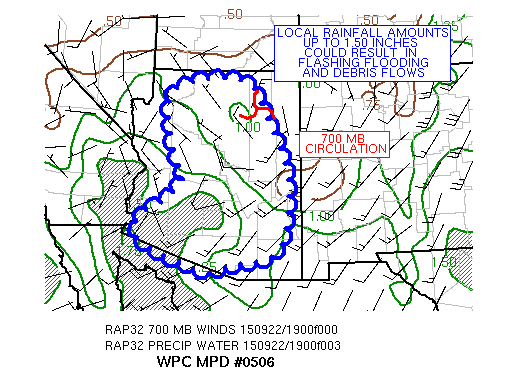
AREAS AFFECTED...PORTIONS OF AZ

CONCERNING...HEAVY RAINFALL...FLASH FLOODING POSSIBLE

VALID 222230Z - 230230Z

SUMMARY...CONVECTION DEVELOPING ACROSS THE HIGHER TERRAIN IN AZ
TRANSITIONS FROM DYNAMICALLY DRIVEN TO MAINLY DIURNALLY DRIVEN
INTO THE LATE AFTERNOON HOURS. THE CONVECTION TAPS HIGH MOISTURE
CONTENT AIR...RESULTING IN LOCAL FLASH FLOODING DUE TO CELL
TRAINING.

DISCUSSION..A MID LEVEL CIRCULATION OVER NORTHEAST AZ WILL
CONTINUE TRACKING NORTHEAST THROUGH THE LATE AFTERNOON HOURS. AS
THE CIRCULATION EXITS...THE DYNAMICALLY DRIVEN CONVECTION STARTS
TO WANE...AND THE REMAINING CONVECTION BECOMES MOSTLY DIURNALLY
DRIVEN. A LOW TO MID LEVEL SOUTHWEST FLOW FEEDS PRECIPITABLE WATER
VALUES BETWEEN TWO AND THREE STANDARD DEVIATIONS ABOVE NORMAL
ACROSS MUCH OF NORTHERN AND WESTERN AZ.

AS THE CONVECTION BECOMES MORE DIURNALLY DRIVEN...IT SHOULD BE
PRIMARILY ROOTED IN THE TERRAIN...WITH THE BEST MOISTURE FEED
ACROSS SOUTHWEST AZ. THE EXTENT OF THE COVERAGE SHOULD PEAK BEFORE
23/00Z...AND START WANING AFTER 23/02Z. BEFORE THAT
TIME...CONVECTIVE CELLS TAP THE DEEP MOISTURE TO PRODUCE LOCAL
RAINFALL AMOUNTS NEAR 1.50 INCHES. THESE AMOUNTS ARE STRONGLY
SUPPORTED BY THE LATEST HRRR/12Z WRF ARW...WITH THE HIGHEST
AMOUNTS OVER NORTHWEST AZ.

THESE RAINFALL AMOUNTS ARE ABOVE THE ONE AND THREE HOUR FLASH
FLOOD GUIDANCE VALUES ACROSS CENTRAL AND WESTERN AZ. FLASH
FLOODING IS POSSIBLE...ESPECIALLY WHERE CELLS TRAIN. OVERALL...THE
THREAT SHOULD REMAIN SCATTERED...AS THE BEST MID LEVEL FORCING
EXITS THE AREA. THE THREAT FOR FLASH FLOODING SHOULD DROP OFF
AFTER 23/02Z.